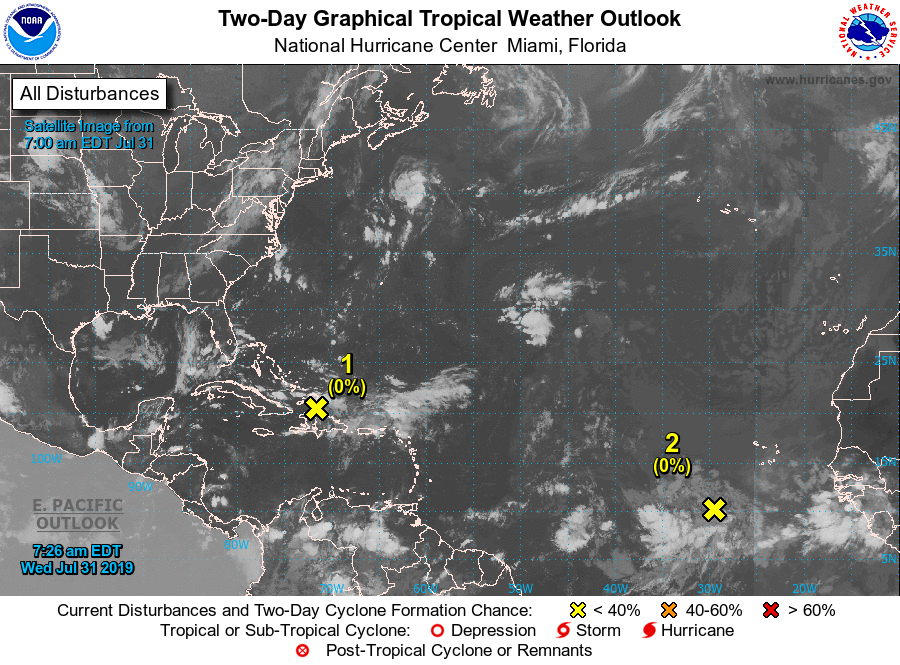
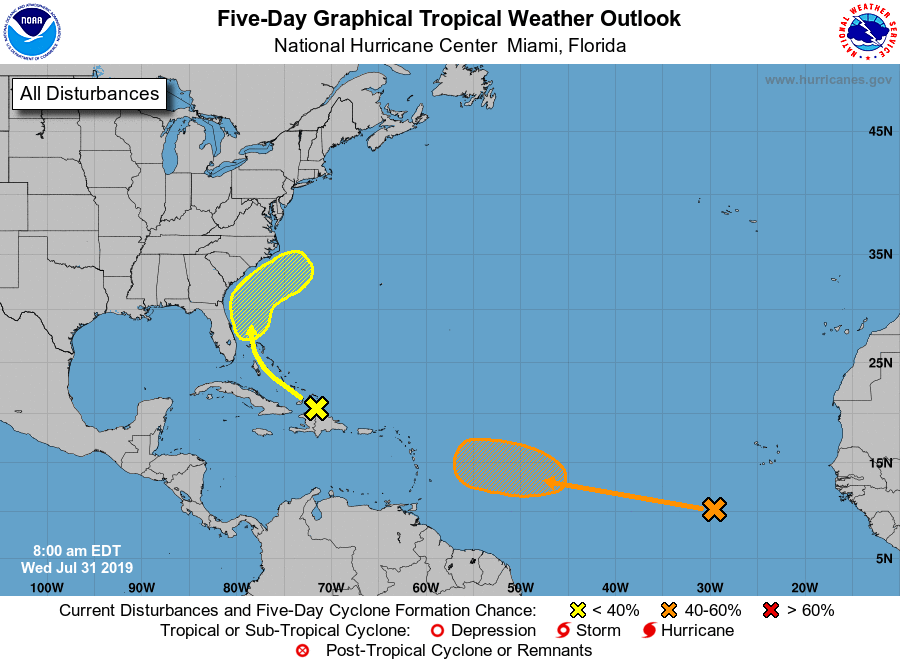
For the North Atlantic...Caribbean Sea and the Gulf of Mexico:

1. A tropical wave continues to produce disorganized showers and thunderstorms stretching from Puerto Rico to the southeastern Bahamas. This disturbance is forecast to move northwestward to northward during the next several days, producing locally heavy rainfall over portions of the Greater Antilles, the Bahamas, and Florida. Conditions could become marginally conducive for development over the weekend while the system turns northeastward off the southeast U.S. coast.
* Formation chance through 48 hours...low...near 0 percent.
* Formation chance through 5 days...low...10 percent.

2. A tropical wave located several hundred miles southwest of the Cabo Verde Islands is producing widespread cloudiness and showers over the eastern tropical Atlantic Ocean. No significant development of this system is expected for the next few days while it moves westward at about 15 mph. Thereafter, upper-level winds are forecast to gradually become more conducive, and a tropical depression could form by early next week several hundred miles east of the Lesser Antilles.
* Formation chance through 48 hours...low...near 0 percent.
* Formation chance through 5 days...medium...50 percent.

Forecaster Zelinsky